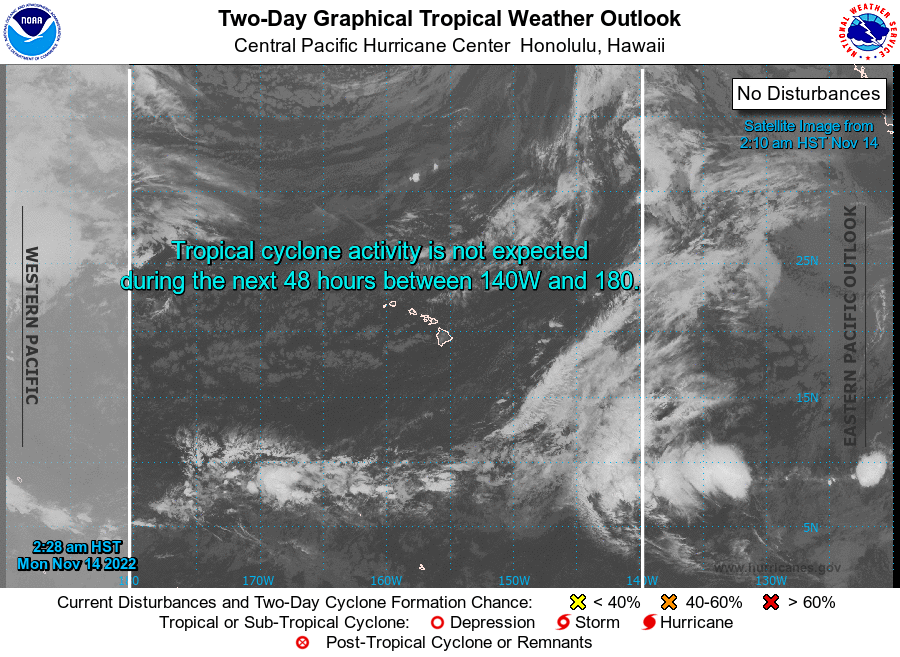
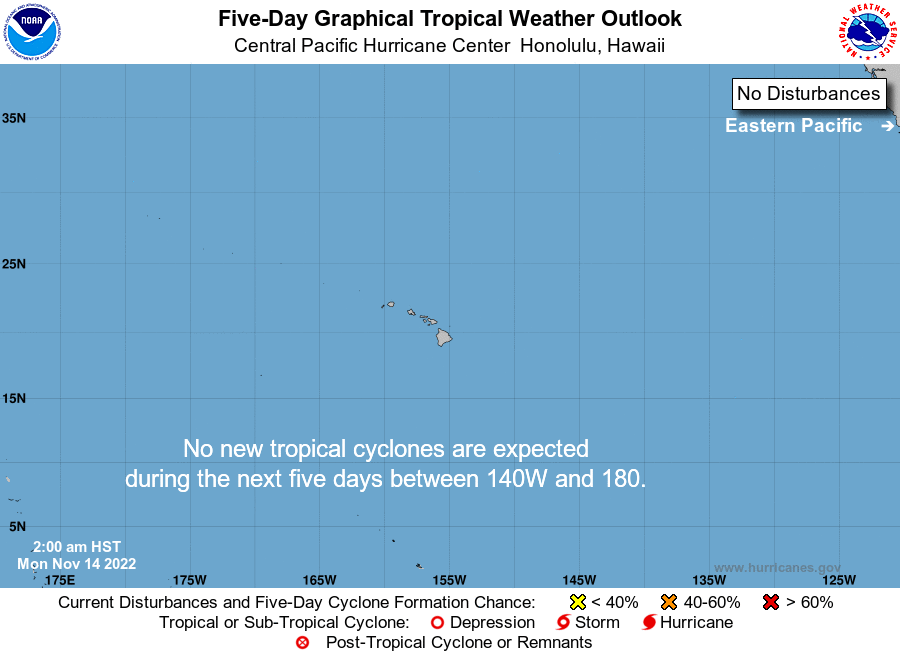
For the central North Pacific...between 140W and 180W:

No tropical cyclones are expected during the next 5 days.

Forecaster TS